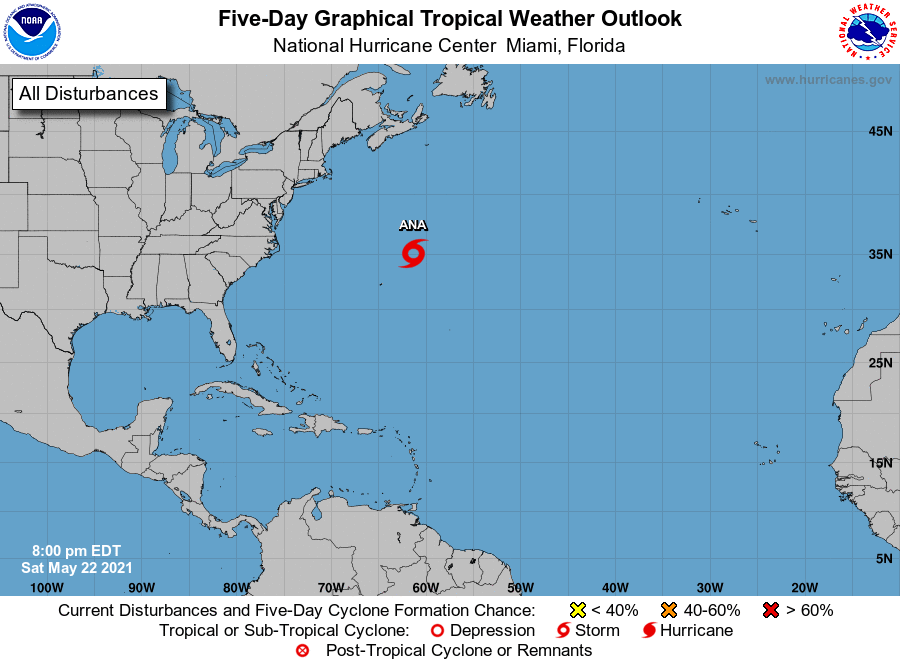
For the North Atlantic...Caribbean Sea and the Gulf of Mexico:

The National Hurricane Center is issuing advisories on Subtropical Storm Ana, located a couple of hundred miles northeast of Bermuda.

Tropical cyclone formation is not expected during the next 5 days.

&&
Public Advisories on Subtropical Storm Ana are issued under WMO header WTNT31 KNHC and under AWIPS header MIATCPAT1. Forecast/Advisories on Subtropical Storm Ana are issued under WMO header WTNT21 KNHC and under AWIPS header MIATCMAT1.

Forecaster Brown